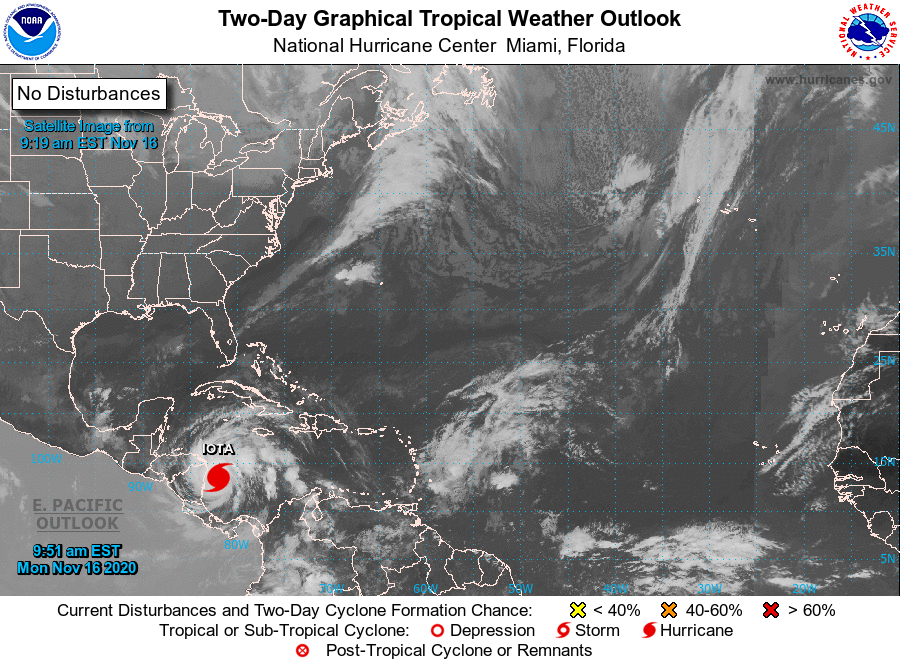
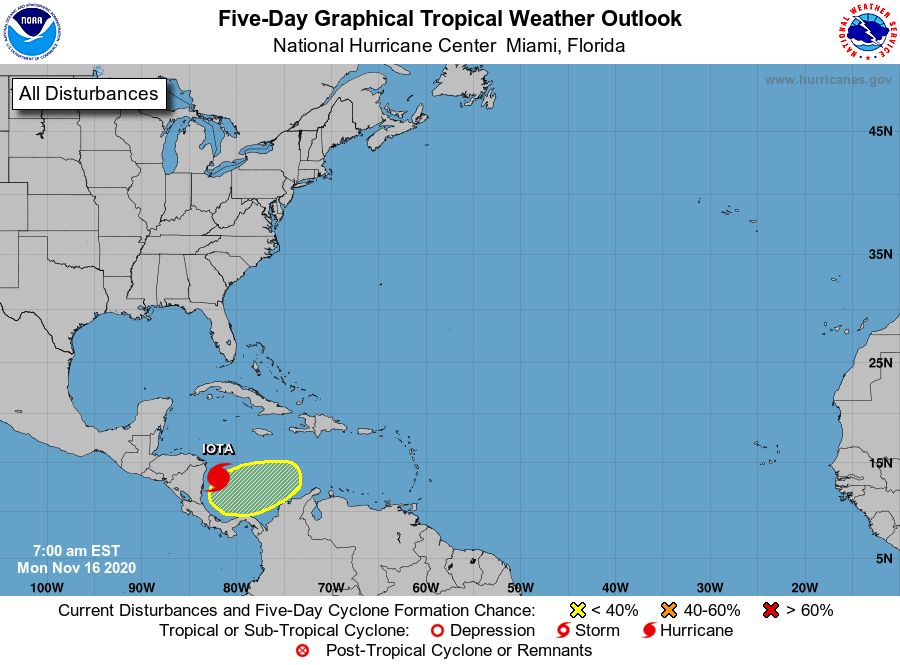
For the North Atlantic...Caribbean Sea and the Gulf of Mexico:

The National Hurricane Center is issuing advisories on Hurricane Iota, located over the southwestern Caribbean Sea near Isla de Providencia.

1. A new area of low pressure could form in a few days over the central or southwestern Caribbean Sea. Thereafter, some gradual development could occur late this week while the system moves slowly westward across the southwestern Caribbean Sea.
* Formation chance through 48 hours...low...near 0 percent.
* Formation chance through 5 days...low...30 percent.

Forecaster Blake